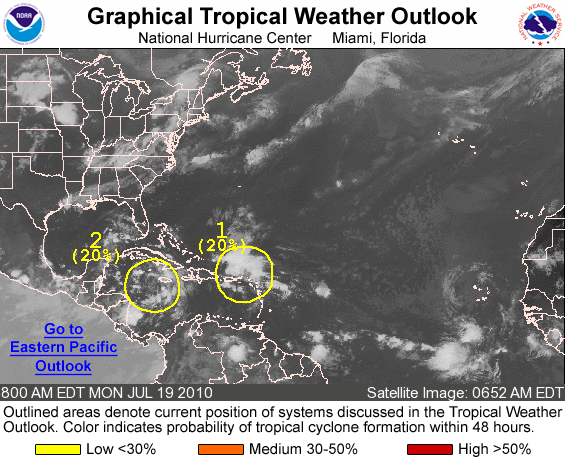
FOR THE NORTH ATLANTIC...CARIBBEAN SEA AND THE GULF OF MEXICO...

1. A TROPICAL WAVE LOCATED NEAR THE VIRGIN ISLANDS AND PUERTO RICO IS PRODUCING A LARGE AREA OF DISORGANIZED SHOWERS AND THUNDERSTORMS AS IT INTERACTS WITH AN UPPER-LEVEL LOW. UPPER-LEVEL WINDS ARE ONLY MARGINALLY FAVORABLE FOR DEVELOPMENT AND THERE IS A LOW CHANCE...20 PERCENT...OF THIS SYSTEM BECOMING A TROPICAL CYCLONE DURING THE NEXT 48 HOURS AS IT MOVES WEST-NORTHWESTWARD AT 10 TO 15 MPH. REGARDLESS OF DEVELOPMENT...GUSTY WINDS AND LOCALLY HEAVY RAINFALL ASSOCIATED WITH THIS SYSTEM COULD AFFECT THE NORTHERN LEEWARD ISLANDS...THE VIRGIN ISLANDS...PUERTO RICO...THE DOMINICAN REPUBLIC ...HAITI...AND THE TURKS AND CAICOS ISLANDS DURING THE NEXT COUPLE OF DAYS.

2. A TROPICAL WAVE IS PRODUCING DISORGANIZED SHOWERS AND THUNDERSTORMS OVER PORTIONS OF THE CENTRAL AND WESTERN CARIBBEAN SEA. THERE ARE CURRENTLY NO SIGNS OF A SURFACE CIRCULATION AND DEVELOPMENT...IF ANY...SHOULD BE SLOW TO OCCUR AS THE SYSTEM MOVES WESTWARD AT 10 TO 15 MPH. THERE IS A LOW CHANCE...20 PERCENT...OF THIS SYSTEM BECOMING A TROPICAL CYCLONE DURING THE NEXT 48 HOURS.

ELSEWHERE...TROPICAL CYCLONE FORMATION IS NOT EXPECTED DURING THE NEXT 48 HOURS.

FORECASTER CANGIALOSI/BRENNAN